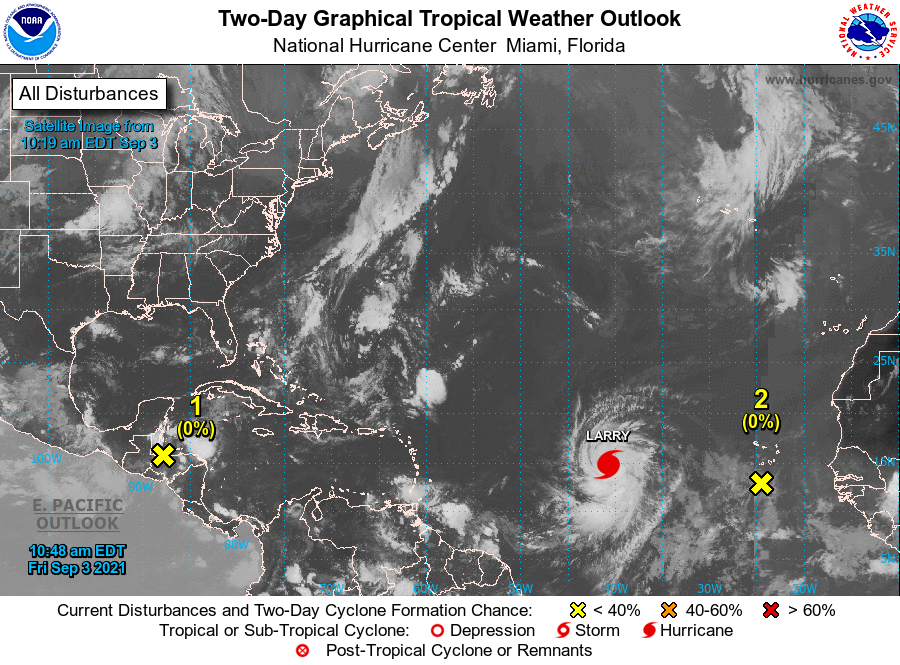
For the North Atlantic...Caribbean Sea and the Gulf of Mexico:

The National Hurricane Center is issuing advisories on Hurricane Larry, located over the eastern tropical Atlantic about 1000 miles west of the southernmost Cabo Verde Islands.

1. A surface trough over the Gulf of Honduras and portions of Central America is producing disorganized shower and thunderstorm activity. This system is expected to move west-northwestward across Central America and the Yucatan Peninsula, bringing heavy rains to that area during the next couple of days. The disturbance is expected to move over the southwestern Gulf of Mexico late this weekend, but unfavorable upper-level winds could limit significant development while the system moves northwestward or northward over the western Gulf of Mexico early next week.
* Formation chance through 48 hours...low...near 0 percent.
* Formation chance through 5 days...low...30 percent.

2. Minimal shower and thunderstorm activity is occurring in association with an area of disturbed weather located about 150 miles southwest of the southernmost Cabo Verde Islands. This disturbance is expected to move westward into an environment less conducive for development during the next couple of days, and the chances of formation are decreasing. This system could bring showers and gusty winds to portions of the southernmost Cabo Verde Islands for a few more hours.
* Formation chance through 48 hours...low...near 0 percent.
* Formation chance through 5 days...low...near 0 percent.

Forecaster Beven